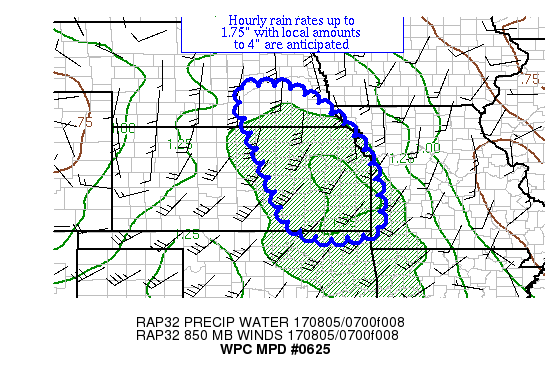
AREAS AFFECTED...SOUTHEAST NE & EASTERN KS

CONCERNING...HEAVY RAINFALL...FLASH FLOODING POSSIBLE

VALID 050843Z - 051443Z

SUMMARY...SHOWERS AND THUNDERSTORMS ARE DEVELOPING ACROSS A REGION
WITH STRENGTHENING WARM AIR ADVECTION.  HOURLY RAIN RATES TO 1.75"
WITH LOCAL AMOUNTS TO 4" ARE POSSIBLE.

DISCUSSION...A NEGATIVELY TILTED UPPER TROUGH EXTENDS
SOUTH-SOUTHEAST DOWN THE BORDERS OF SD/WY INTO EASTERN CO, WHICH
HAS INCREASED DIVERGENCE ALOFT. INCREASING LOW-LEVEL INFLOW -- 25
KTS PER RECENT VAD WIND PROFILES -- HAS IMPORTED MU CAPES VALUES
OF 1000-2000 J/KG AND INCREASED PRECIPITABLE WATER VALUES TO
1-1.3" PER RECENT GPS DATA.  THE LOW LEVEL INFLOW IS GREATER THAN
THE MEAN 850-400 HPA WIND.  THUNDERSTORMS ARE DEVELOPING WITHIN
THIS AIR MASS AND SHOWING SOME BACKBUILDING CHARACTER.  SHOWERS
AND THUNDERSTORMS NEAR THE CENTRAL KS/NE BORDER ARE MIGRATING OUT
OF THE MIDDLE OF THE INSTABILITY POOL, MOVING EAST-NORTHEAST AT 25
KTS.

SCATTERED THUNDERSTORMS ACROSS CENTRAL NE ARE EXPECTED TO ROB
INSTABILITY FROM ACTIVITY ACROSS NORTHEAST NE OVER THE NEXT COUPLE
HOURS, WHICH SHOULD LEAD TO THEIR COLLAPSE WITH TIME.  ACTIVITY
SHOULD ATTEMPT TO MOVE SOMEWHAT EASTWARD, BUT THERE ARE COMPETING
FACTORS -- THE EATING AWAY OF THE EASTERN SIDE OF THE INSTABILITY
POOL BY THE DEVELOPING CONVECTION AND THE EASTWARD SHIFT OF THE
850 HPA SLICE OF THE WARM FRONT.  CELL MERGERS BETWEEN THE
ACTIVITY MOVING IN FROM THE WEST AND BACKBUILDING SHOULD CONTINUE
TO RAMP UP HOURLY RAIN RATES, WHICH ARE EXPECTED TO PEAK NEAR
1.75".  LOW-LEVEL INFLOW IS EXPECTED TO NEARLY DOUBLE THE MEAN
850-400 HPA WIND WITH TIME AS PRECIPITABLE WATER VALUES ECLIPSE
1.5", WHICH SHOULD MAKE THUNDERSTORMS EFFICIENT RAINFALL-WISE.

THE MESOSCALE GUIDANCE APPEARS 2-3 HOURS DELAYED IN THE FORMATION
OF THIS ACTIVITY, WITH THE NEIGHBORHOOD PROBABILITIES SUGGESTING
INITIATION WAS EXPECTED AFTER 11Z.  SO FAR, IT APPEARS THAT THE
00Z NAM CONEST AND 00Z WRF NSSL ARE DOING THE BEST, ALTHOUGH THEIR
CELL COVERAGE IS UNDERDONE AT THE MOMENT.  DUE TO THIS, BELIEVE
THEIR QPF OUTPUT IS TOO LOW.  LOCAL AMOUNTS UP TO 4" ARE POSSIBLE
WHERE CELLS MERGE AND/OR IN AREAS OF BACKBUILDING CONVECTION.